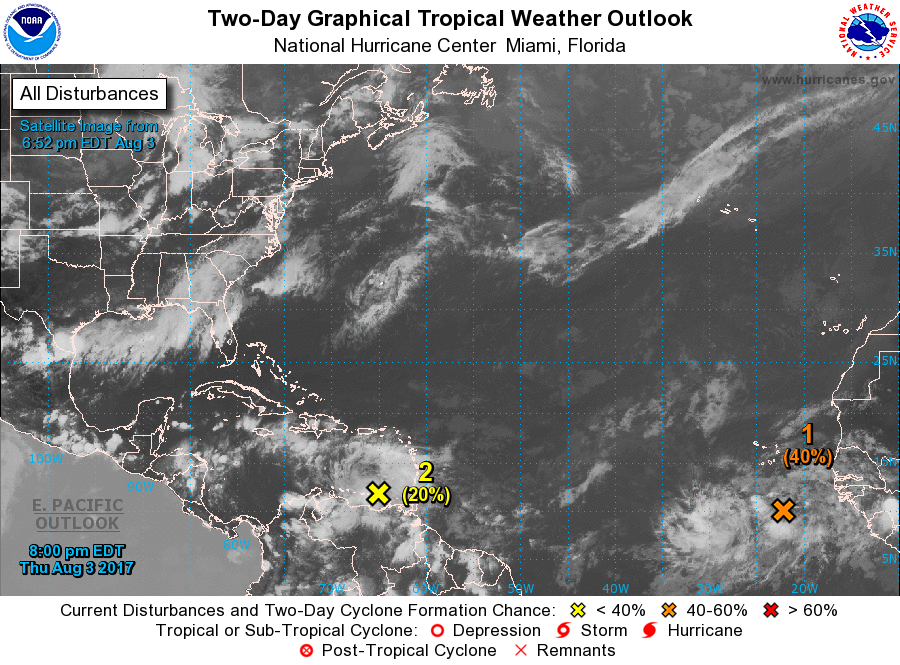
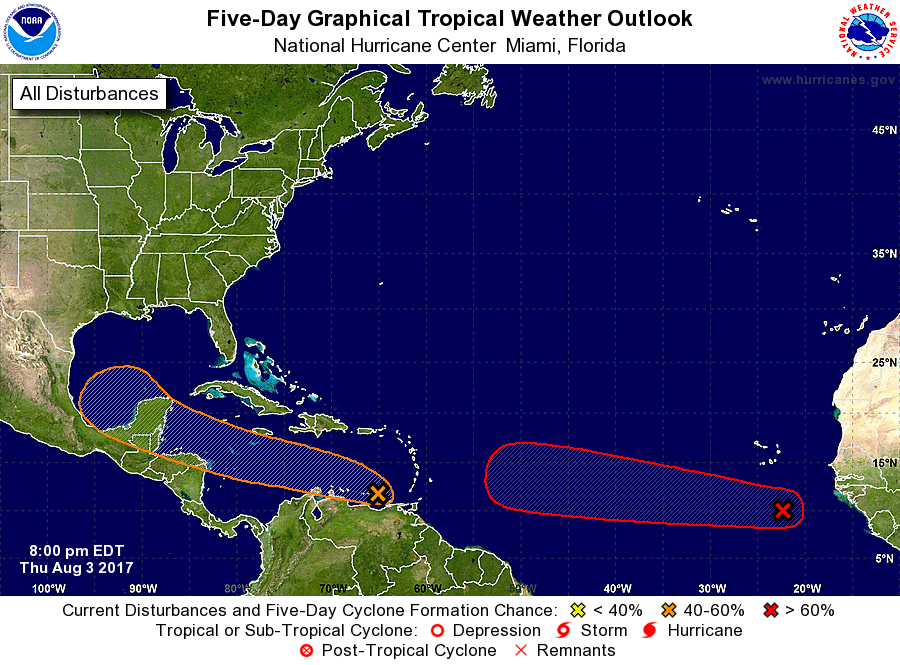
For the North Atlantic...Caribbean Sea and the Gulf of Mexico:

1. A large and complex area of disturbed weather, associated with a broad low pressure system, extends from about 400 miles south of the Cabo Verde Islands to about 600 miles southwest of the Cabo Verde Islands. Environmental conditions are forecast to be conducive for gradual consolidation and development, and a tropical depression is likely to form by early next week over the eastern or central tropical Atlantic Ocean. This system is forecast to move toward the west or west-northwest at 10 to 15 mph for the next several days.
* Formation chance through 48 hours...medium...40 percent.
* Formation chance through 5 days...high...80 percent.

2. A strong tropical wave located over the eastern Caribbean Sea is producing a large area of cloudiness and thunderstorms. Environmental conditions are expected to become a little more conducive for development by Sunday over the western Caribbean Sea and by early next week over the Bay of Campeche while the disturbance moves westward or west-northwestward at 15 to 20 mph. This system could produce brief heavy rainfall and gusty winds over Aruba, Bonaire, and Curacao tonight and Friday. For additional information on this system, see High Seas Forecasts issued by the National Weather Service.
* Formation chance through 48 hours...low...20 percent.
* Formation chance through 5 days...medium...40 percent.

High Seas Forecasts issued by the National Weather Service can be found under AWIPS header NFDHSFAT1, WMO header FZNT01 KWBC, and on the Web at http://www.opc.ncep.noaa.gov/shtml/NFDHSFAT1.shtml.

Forecaster Beven